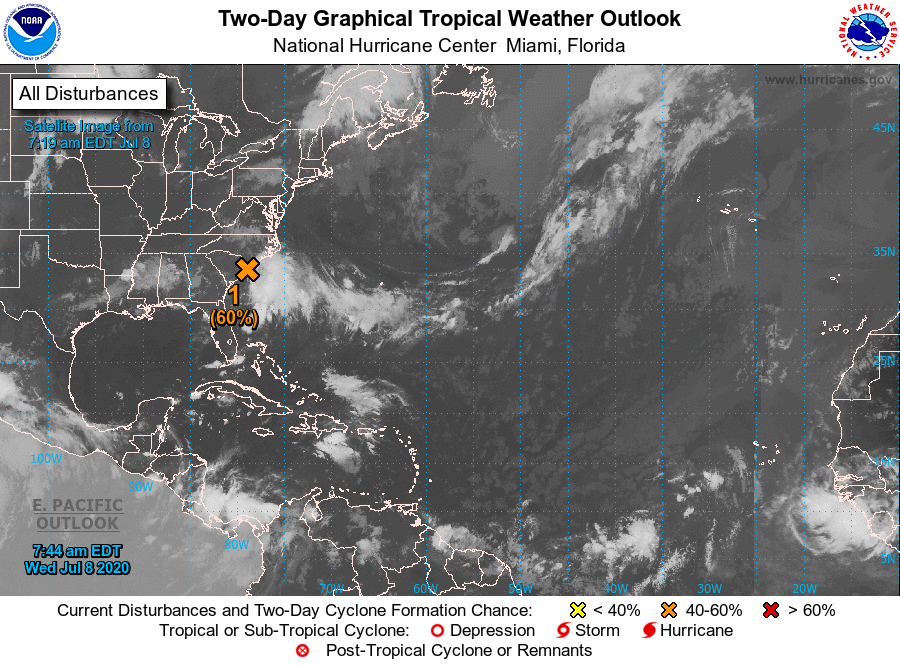
For the North Atlantic...Caribbean Sea and the Gulf of Mexico:

1. An elongated area of low pressure is located along the coast of northeastern South Carolina. This system is producing a large area of disorganized showers and thunderstorms over the adjacent Atlantic waters. The low is expected to move northeastward near or just offshore of the North Carolina Outer Banks on Thursday, and then turn north-northeastward and move along the mid-Atlantic coast Friday. Environmental conditions are expected to be conducive for development, and a tropical or subtropical cyclone is likely to form within the next couple of days. Regardless of development, the low is expected to produce locally heavy rainfall that could cause some flash flooding across portions of eastern North Carolina, the coastal mid-Atlantic, and southern New England during the next few days. Gusty winds are also possible in the North Carolina Outer Banks through Thursday.
* Formation chance through 48 hours...medium...60 percent.
* Formation chance through 5 days...high...70 percent.

Forecaster Brown